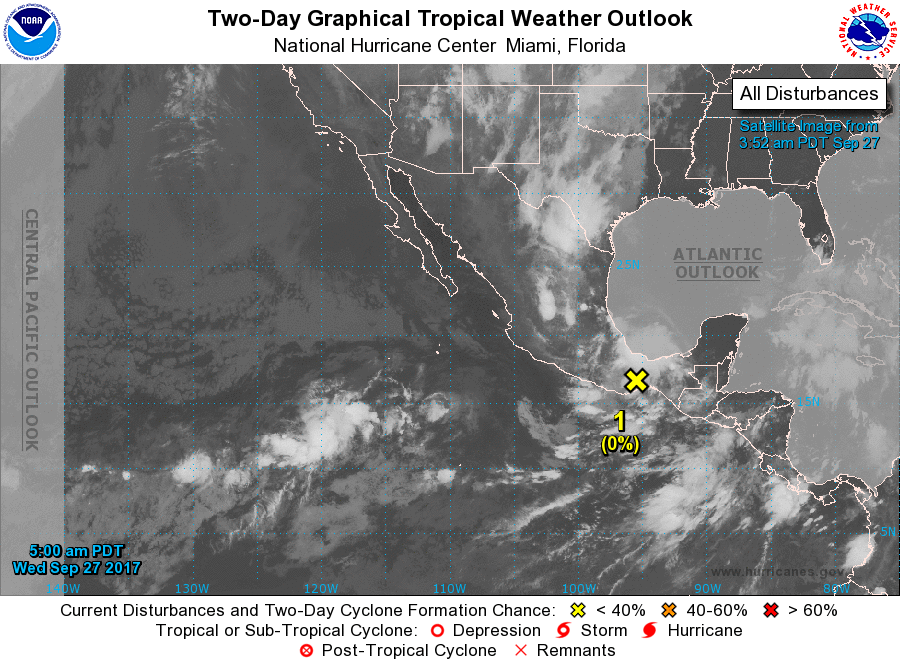
For the eastern North Pacific...east of 140 degrees west longitude:

1. A broad area of low pressure previously located over the northern Gulf of Tehuantepec has moved inland over the state of Oaxaca in southeastern Mexico. Although tropical cyclone formation is no longer a possibility with this disturbance due to land interaction, associated shower and thunderstorm activity will likely produce heavy rainfall over this region during the next couple of days.
* Formation chance through 48 hours...low...near 0 percent.
* Formation chance through 5 days...low...near 0 percent.

Forecaster Stewart